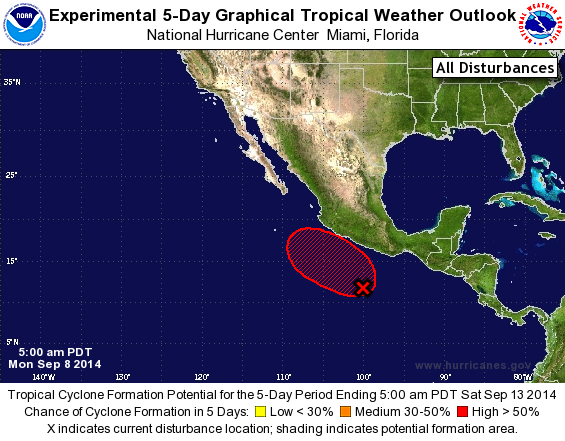
For the eastern North Pacific...east of 140 degrees west longitude:

The National Hurricane Center has issued the last advisory on post-tropical cyclone Norbert, located offshore of the west-central coast of the Baja California peninsula.

1. Disorganized cloudiness and thunderstorms located several hundred miles south of the southern coast of Mexico are associated with a broad area of low pressure. Environmental conditions are expected to be conducive for gradual development during the next several days, and this system is likely to become a tropical depression later this week while it moves slowly northwestward.
* Formation chance through 48 hours...medium...30 percent.
* Formation chance through 5 days...high...70 percent.

Forecaster Brown